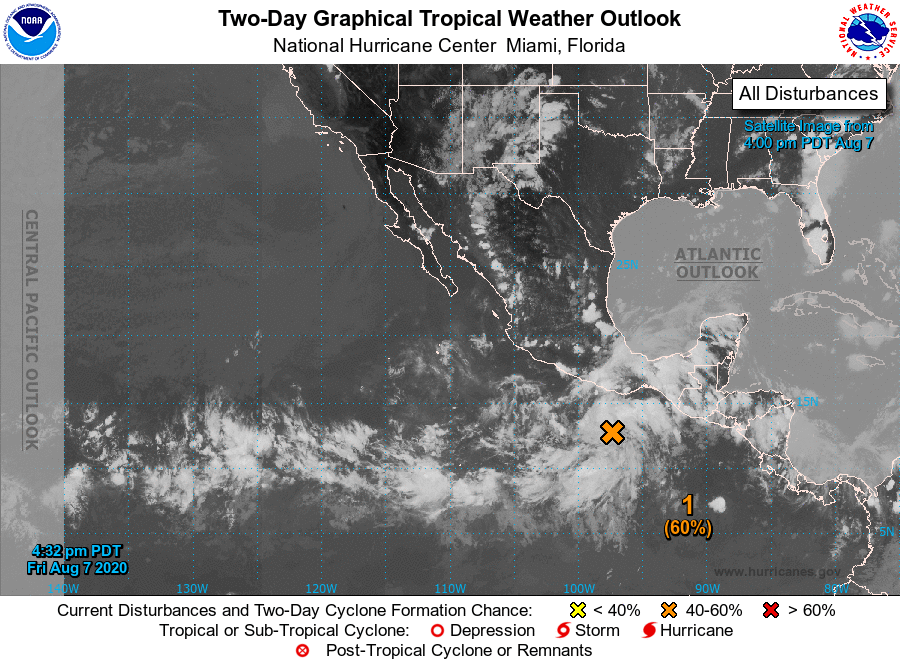
For the eastern North Pacific...east of 140 degrees west longitude:

1. Shower and thunderstorm activity associated with a broad area of low pressure located a couple of hundred miles southwest of the Gulf of Tehuantepec show some signs of organization. Environmental conditions are forecast to be conducive for further development, and a tropical depression is expected to form in 2 or 3 days while the system moves generally west-northwestward, offshore of the coast of southwestern Mexico.
* Formation chance through 48 hours...medium...60 percent.
* Formation chance through 5 days...high...90 percent.

Forecaster Pasch